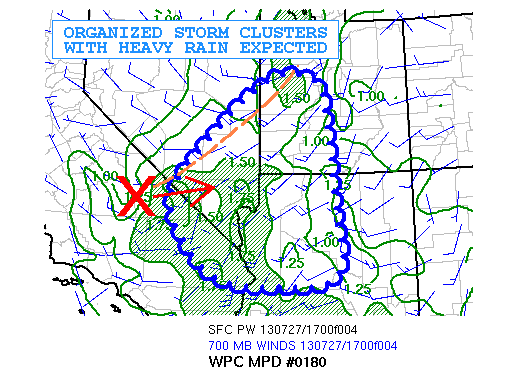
AREAS AFFECTED...SOUTHERN NV...NORTHWEST AZ...SOUTHWEST
UT...SOUTHERN CA

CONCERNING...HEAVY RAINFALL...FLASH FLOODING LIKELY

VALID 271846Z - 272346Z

SUMMARY...ENHANCED LOW LEVEL INFLOW AND THE PRESENCE OF A MID
LEVEL TROUGH WILL PROMOTE ORGANIZATION OF AFTERNOON THUNDERSTORMS
WITHIN A PLUME OF ANOMALOUSLY RICH MONSOON MOISTURE. FLASH
FLOODING IS POSSIBLE.

DISCUSSION...THERE ARE SOME COMPETING FACTORS IN THIS REGION...BUT
MORE PROS THAN CONS FOR HEAVY RAIN. A MID LEVEL TROUGH WAS
SWEEPING UP AIR CHARACTERIZED BY PW VALUES 1.25-1.75
INCHES...RUNNING UP TO 3 STANDARD DEVIATIONS FROM CLIMATOLOGY. THE
TROUGH WAS ANCHORED BY A PRIMARY VORT MAX NEAR SLC. THIS WILL
YIELD A CORRIDOR OF ENHANCED 850-700 MB SOUTHWESTERLY
WINDS...PARTICULARLY OVER SW UT AND NW AZ. ALTHOUGH SOME OF THIS
AREA WAS OVERTURNED BY WIDESPREAD CONVECTION LAST NIGHT...MODELS
AND SPC MESOANALYSIS INDICATE NO SIGNIFICANT DISRUPTION OF THE
GENERALLY FAVORABLE LOWER TO MID LEVEL LAPSE RATES. BY
1830Z...SCATTERED TSRA WERE ALREADY INITIATING IN NW AZ AND
SOUTHERN NV...AND THE ENVIRONMENT SHOULD BECOME MORE SUPPORTIVE
OVER SOUTHWEST UT WITH TIME.

INDIVIDUAL CELLS WILL MOVE NE AT ONLY 5-15 KT. SOME PROPAGATION
BACK TO THE SOUTHWEST AND RESULTANT TRAINING IS LIKELY IN THE
VICINITY OF STORM MERGERS AND IN THE MOUNTAINOUS TERRAIN. LOW
LEVEL FLOW IS LESS FAVORABLE OVER CA/NV...BUT MID LEVELS BECOME
MORE FAVORABLE AS A SECONDARY VORT MAX MERGES BACK INTO THE MID
LEVEL WESTERLIES AND TURNS INTO THE AXIS OF GREATER MOISTURE/CAPE
NEAR AND EAST OF THE CA DESERT. THERE APPEAR TO BE ENOUGH
FAVORABLE FACTORS FOR HEAVY RAIN...INCLUDING HIRES MODEL
AGREEMENT...TO SUSPECT THAT FLASH FLOODING IS LIKELY. EXPECTING A
LITTLE GREATER ORGANIZATION THAN SEEN ON AN AVERAGE SUMMER DAY.